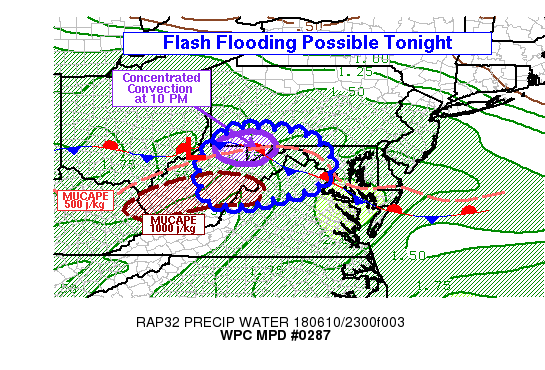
AREAS AFFECTED...ERN WV...FAR SRN PA...WRN MD...NW VA

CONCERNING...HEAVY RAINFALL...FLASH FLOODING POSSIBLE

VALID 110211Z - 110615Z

SUMMARY...LOCALIZED FLASH FLOODING WILL BE POSSIBLE AS CLUSTERS OF
THUNDERSTORMS MOVE NEAR A STATIONARY FRONT TONIGHT. THIS WILL BE
MOST LIKELY FROM FAR NE WV AND FAR WRN MD INTO FAR NRN VA. RAIN
RATES OF 1.0 TO 1.5 IN/HR WILL BE POSSIBLE WITH THE STRONGEST
STORMS...WHICH COULD LEAD TO FLOODING.

DISCUSSION...KPBZ RADAR CONTINUES TO SHOW LOOSELY ORGANIZED
CONVECTIVE CLUSTERS GRADUALLY MOVING EAST...AND SLOWLY SINKING
SOUTH...PRODUCING AN ESE OR SE MOTION NEAR THE BORDER OF WEST
VIRGINIA AND PENNSYLVANIA. FROM THE LATE AFTERNOON INTO THE EARLY
EVENING...THESE CONVECTIVE CLUSTERS PRODUCED HEAVY RAINFALL AND
NUMEROUS FLOOD REPORTS FROM SE OHIO INTO SW PENNSYLVANIA. RAIN
RATES HAVE DECREASED SLIGHTLY SINCE...BUT A FEW POCKETS OF 1.0 TO
1.3 IN/HR RAIN RATES WERE STILL BEING ESTIMATED BY KPBZ RADAR AND
MRMS. THE CONVECTIVE CLUSTERS WILL CONTINUE TO ENCOUNTER SLOWLY
DECREASING INSTABILITY AS THEY TRACK NEAR A STATIONARY FROM
STRETCHING FROM THE FAR WRN TIP OF MARYLAND INTO FAR NRN VIRGINIA.
THE RAP 0-3HR FORECASTS INDICATE A RIBBON OF MODERATE 925MB
FRONTOGENESIS NEAR THE STATIONARY FRONT...AND THAT MAY ALSO HELP
SUSTAIN ORGANIZED CONVECTIVE CLUSTERS DESPITE DIMINISHING
INSTABILITY.

HOWEVER...RAIN RATES MAY CONTINUE TO COME DOWN AND AREAL EXTENT OF
THE HEAVIER RAIN MAY SHRINK IN THE PROCESS. NEVERTHELESS... THE
WEST-EAST ORIENTATION OF SOME OF THE CONVECTIVE CLUSTERS MAY
PROMOTE SOME TRAINING... AND THE ENVIRONMENT REMAINS VERY MOIST
WITH 00Z SOUNDINGS FROM KPIT AND KIAD AROUND 1.6 TO 1.7 INCH
PRECIPITABLE WATER. THIS MAY BE SUFFICIENT TO MAINTAIN A THREAT OF
LOCALIZED FLASH FLOODING ACROSS THE NORTHERN HALF OF THE OUTLINED
DISCUSSION AREA... PARTICULARLY GIVEN LOW FFG VALUES.

FURTHER SOUTH... OBJECTIVELY ANALYZED INSTABILITY IS HIGHER AND
THE 00Z RNK SOUNDING SEEMS TO CONFIRM THIS WITH AROUND 1000 J/KG
OF CAPE. KRLX RADAR SHOWS SOME MORE ISOLATED CONVECTION IN CTRL
WEST VIRGINIA. GIVEN A LACK OF STRONGER FORCING IN THIS REGION...
STORMS MAY REMAIN MORE ISOLATED BUT FFG REMAINS LOW IN SOME OF THE
AREAS FURTHER SOUTH ALONG THE WV-VA BORDER AS WELL. SOME OF THOSE
LOCATIONS ARE AROUND 400 PERCENT OF NORMAL RAINFALL IN THE PAST
TWO WEEKS. THEREFORE AT LEAST A SMALL THREAT OF FLASH FLOODING MAY
EXIST FURTHER SOUTH AND THE DISCUSSION AREA WAS EXTENDED SOUTHWARD
TO CAPTURE THAT POSSIBILITY.